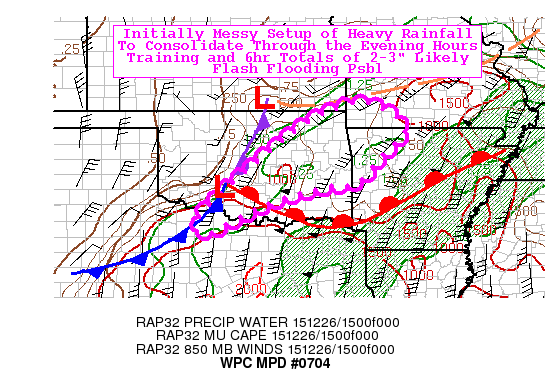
AREAS AFFECTED...CENT/E OKLAHOMA...SW MISSOURI...NW ARKANSAS...EXT
N CENT TEXAS

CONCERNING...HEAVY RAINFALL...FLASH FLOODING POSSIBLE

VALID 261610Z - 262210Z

SUMMARY...INITIAL HEAVY RAINFALL AS FRONTAL ZONES CONSOLIDATE WITH
BACKBUILDING AND TRAINING EMERGING FROM THE WARM SECTOR ALONG THE
COLD FRONT.

DISCUSSION...INITIALLY VERY COMPLEX AND MESSY SETUP AT THE SURFACE
WITHIN A VERY CONDUCIVE LARGE SCALE SYNOPTIC ENVIRONMENT WITH
RECORD OR NEAR RECORD ANOMALOUS MOISTURE AVAILABILITY AND FLUX.

A SURFACE WARM FRONT ACROSS CENTRAL AR IS ADVANCING NORTHWESTWARD
INTO THE OZARKS WHILE REMAINING DRAPED ACROSS THE RED RIVER BEFORE
CONNECTING WITH THE ESTABILISHING COLD FRONT ACRSOS CENTRAL OK
BACK ACROSS WEST CENTRAL TEXAS TOWARD THE SOUTH CAP ROCK/PACOS
RIVER VALLEY.   NORTH OF THE BOUNDARY A MODIFIED MILD SECTOR
EXISTS ACROSS E OK/NW AR AND S MO...THE STRONG BUT BROAD LOW LEVEL
FLOW OF 45-50KTS AT 850MB IS TRANSPORTING 1.25-1.5" TPWS AND WARM
LAYER FOR AN ELEVATED INSTABILTY POCKET WITH MUCAPES IN AOA 1000
J/KG.

RECENT RADAR MOSAIC AND VIS/IR AND LIGHTNING NETWORK SHOWS A
STEADY INCREASE OF CONVECTIVE ACTIVITY MAINLY FOCUSED ALONG BEST
MOISTURE CONVERGENCE BOUNDARIES...PARTICUARLY THE COLD
FRONT/OCCLUDED FRONT FROM SPS TO OKC TOWARD TUL...DEEP NEARLY
UNIDIRECTIONAL FLOW NEARLY PARALLEL TO THE COLD FRONT NEAR THE
TRIPLE POINT EXTENDING ACROSS CENTRAL AND NE OK WILL PROMOTE
TRAINING CELLS WITH VERY LITTLE EASTWARD ADVANCEMENT GIVEN
PERSISTENT HEIGHT FALLS TO THE WEST AND SOUTHWEST WITH THE
EJECTING UPPER LOW.

ADDITIONAL MOISTURE CONVERGENCE ALONG THE WARM FRONT AS IT SHIFTS
NORTHWEST WILL FOCUS CELSL THAT WILL GENERALLY MOVE NORTHEAST AS
WELL BUT CONTINUE TO REDEVELOP UPSTREAM UNDER SIMILIAR
SOUTHWESTERLY FLOW ALOFT...THESE CONVECTIVE DEVELOPMENT REGIONS
SHOULD BEGIN TO MERGE/CONSOLIDATE WITH THE SW-NE AXIS OF SHOWERS
DESCRIBED ACROSS E OK BY 21-22Z...PROVIDING ADDITIONAL THREAT OF
RATES/TOTALS TO EXCEDE FFG VALUES.

HRRR/ESRL EXP HRRR AND 00Z ARW HI-RES CAMS APPEAR TO REPRESENT
THIS EVOLUTION VERY WELL WITH 6-HR TOTALS OF 2.5-3.5" IN THE
TRAINING AXIS NEAR THE TRIPLE POINT OVER SOUTH CENTRAL OK... WHILE
THE ARW LOOKS TO BE HANDLING THE CONVECTION LIFTING NORTH OVER E
OK AND MERGING WITH THE AXIS ACROSS NE OK VERY WELL WITH ENAHANCED
TOTALS IN EXCESS OF 3" HERE AS WELL...INTIALLY SETTING THE STAGE
FOR MORE HEAVY RAINFALL OF THE WELL ADVERTISED EXTREME TOTALS
WITHIN THE WPC HIGH RISK AREA.